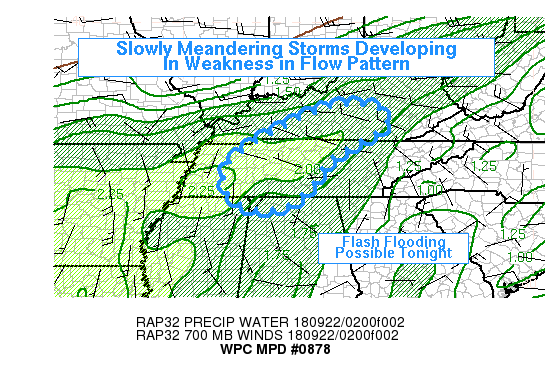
Areas affected...Central Tennessee, Southern Kentucky

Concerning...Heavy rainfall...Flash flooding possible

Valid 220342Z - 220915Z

Summary...Slow-moving thunderstorms will continue to develop and
meander around portions of central Tennessee and southern Kentucky
tonight. These storms could produce rain rates to around 2 in/hr,
which may lead to some localized areas of flash flooding.

Discussion...Regional radars show scattered convection across the
Mid South from central Tennessee into far southern Kentucky. RAP
analysis showed a plume of 500-1000 j/kg MLCAPE along a surface
front in the same region, with a slight increase in precipitable
water values to around 2 inches. This is likely due to a plume of
mid-upper level moisture, evident above 700mb on the CIRA layer PW
product, beginning to push east. Therefore, the rainfall
efficiency in some of the convective bands and thunderstorms may
be on the increase in the past hour or so. Rain rates to around 2
in/hr seem likely, and locally higher amounts couldn't be ruled
out. The RAP forecast sustains a plume of at least 500 j/kg MLCAPE
well into the night, so there should be sufficient instability to
sustain convection for several hours. The area was also in a
weakness in the mid-level flow, with a 700mb ridge centered
nearby. Therefore, observed storm motions were fairly slow.
Corfidi vector magnitudes were generally under 10 knots. Given a
lack of strong low-level forcing, larger convective clusters may
begin to propagate in different ways based on the effects of
convective outflow and chaotic backbuilding storm motion vectors.
This could lead to periods of effectively stationary convective
bands through storm mergers or anomalous motion. The combination
of fairly high rain rates and slow storm motions should create the
possibility of some localized flash flooding tonight, even with a
lack of significant rainfall in recent weeks (soil moisture not
appreciably high in this region).